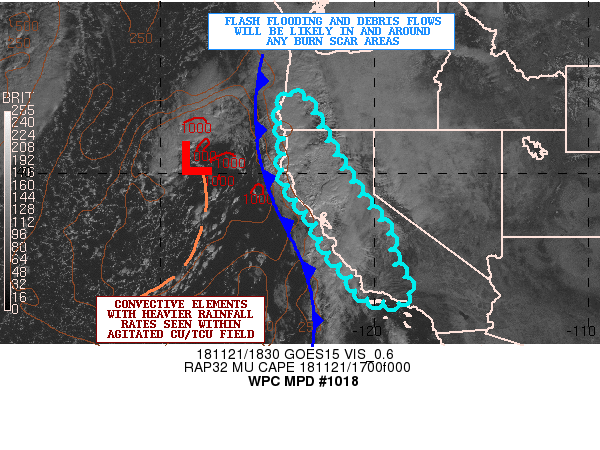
Areas affected...California...Southwest Oregon

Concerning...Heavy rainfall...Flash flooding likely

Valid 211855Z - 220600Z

Summary...Some flash flooding and debris flows can be expected
this afternoon and evening across portions of California and
southwest Oregon with a particular emphasis on the area burn scars.

Discussion...The latest GOES-W satellite imagery shows a
well-defined upper trough and associated closed low advancing east
toward central and northern CA. Already a band of locally heavy
showers is focused along and just ahead of an associated cold
front that is very quickly approaching the coast. In fact, a 1415Z
AMSU pass indicated rainfall rates of as much as 0.30 to 0.50
inches/hr within several convective clusters along the cold front
and also offshore underneath the upper low where lapse rates are
steeper and more instability is established.

Over the next several hours, the cold front will advance inland
across southwest OR and central/northern CA with at least a broken
axis of heavy showers and perhaps a few thunderstorms. The latest
hires model consensus, including recent runs of the HRRR, favor
some expansion of convective activity and an uptick in rainfall
intensity. This will in part be aided by improving upper level jet
support and increasing low level south to southwest flow ahead of
the front which should reach as high as 40 kts. This will result
in enhanced rainfall at least briefly over the higher terrain with
stronger orographic forcing.

Expect hourly rainfall amounts of as much as 0.50 to 0.75 inches
within the stronger convective cores as the activity advances east
and inland through the afternoon and evening hours. Unfortunately,
these rainfall rates will enhance concerns for runoff problems,
and with an elevated threat of flash flooding and debris flows in
and around the area burn scars. This will include the most recent
Camp Fire burn scar in Butte County, CA. Storm total rainfall
amounts across the coastal ranges and across the foothills of the
Sierra-Nevada will be as much as 2 to 3 inches through 06Z. Will
continue to closely monitor.